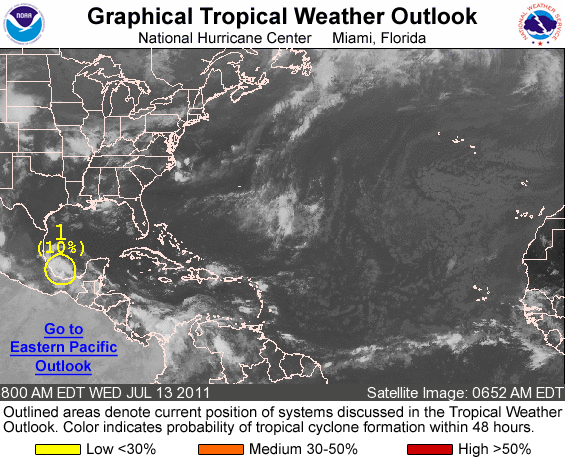
FOR THE NORTH ATLANTIC...CARIBBEAN SEA AND THE GULF OF MEXICO...

1. AN AREA OF LOW PRESSURE ASSOCIATED WITH A TROPICAL WAVE HAS FORMED OVER THE SOUTHERN BAY OF CAMPECHE. THIS LOW...ACCOMPANIED BY CLOUDINESS AND THUNDERSTORMS...IS MOVING WESTWARD AT ABOUT 15 MPH. THIS SYSTEM IS EXPECTED TO SPREAD INLAND OVER PORTIONS OF SOUTHERN MEXICO AND HAS A LOW CHANCE...10 PERCENT...OF BECOMING A TROPICAL CYCLONE BEFORE IT MOVES INLAND LATER TODAY.

ELSEWHERE...TROPICAL CYCLONE FORMATION IS NOT EXPECTED DURING THE NEXT 48 HOURS.

FORECASTER CANGIALOSI